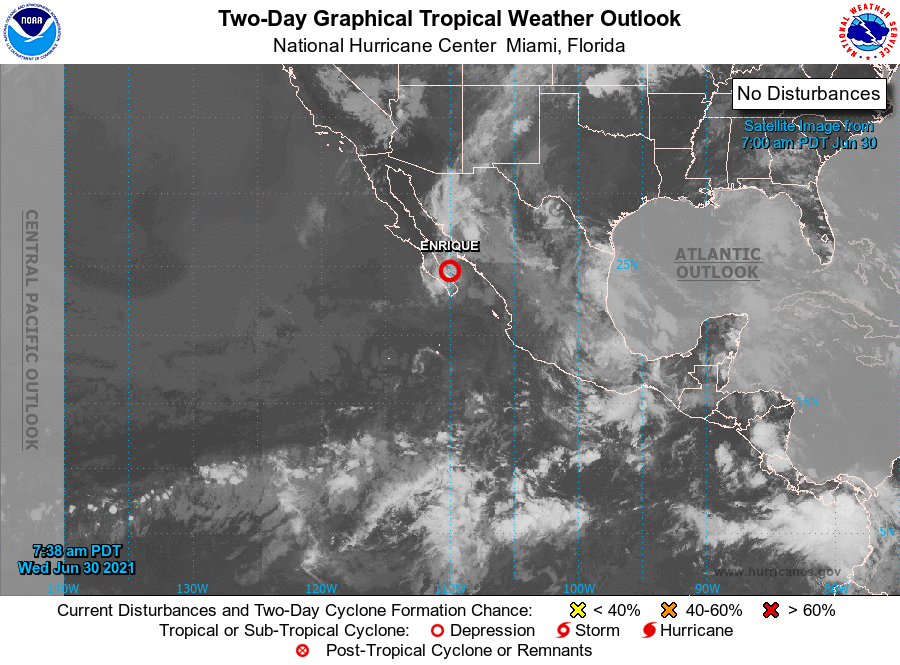
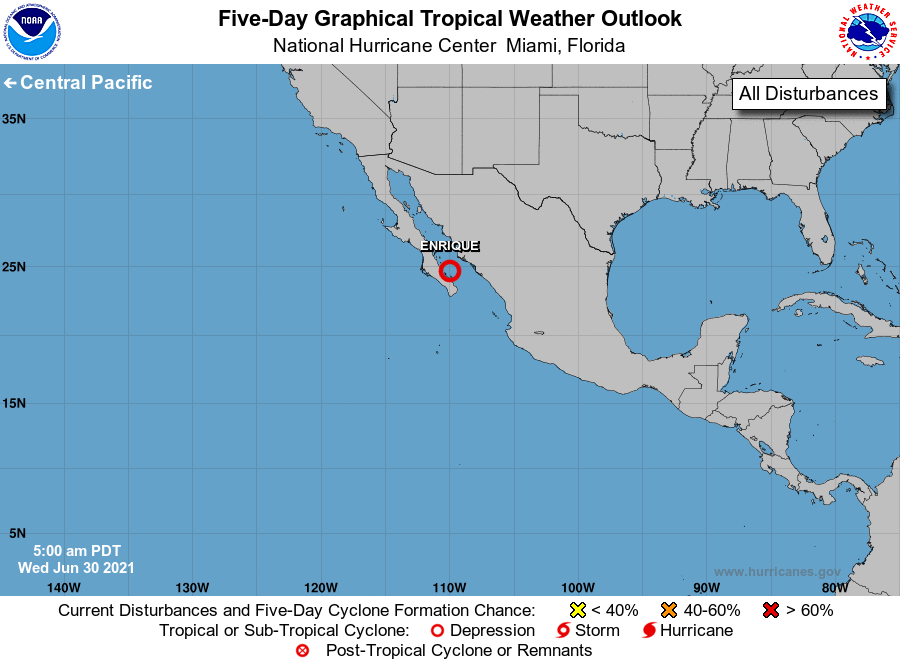
For the eastern North Pacific...east of 140 degrees west longitude:

The National Hurricane Center is issuing advisories on Tropical Storm Enrique, located just east of the southern Baja California Peninsula.

Tropical cyclone formation is not expected during the next 5 days.

Forecaster Reinhart/Beven